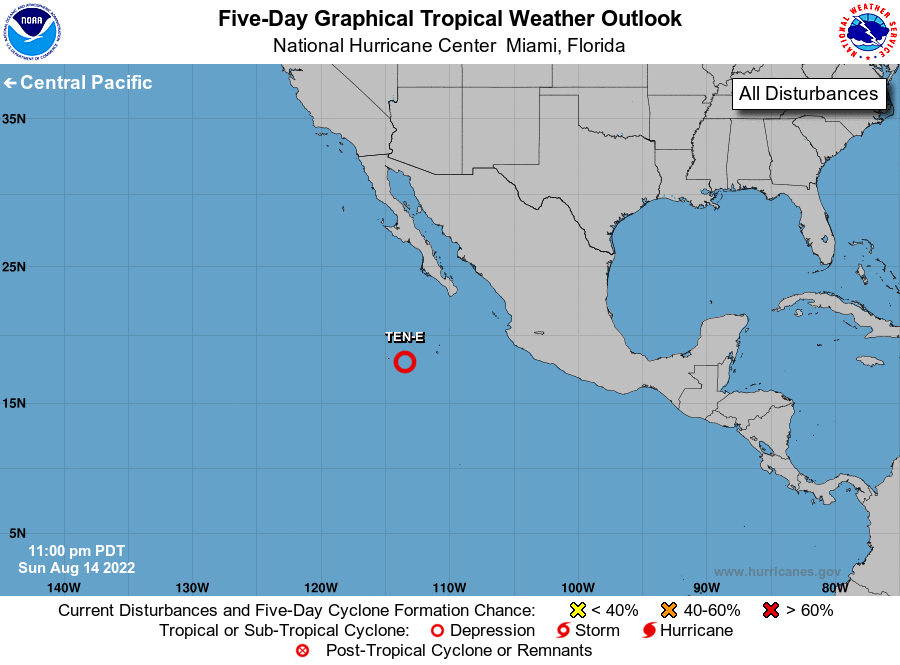
For the eastern North Pacific...east of 140 degrees west longitude:

Active Systems: The National Hurricane Center is issuing advisories on Tropical Depression Ten-E, located several hundred miles southwest of the southern tip of the Baja California peninsula.

Tropical cyclone formation is not expected during the next 5 days.

Forecaster Cangialosi